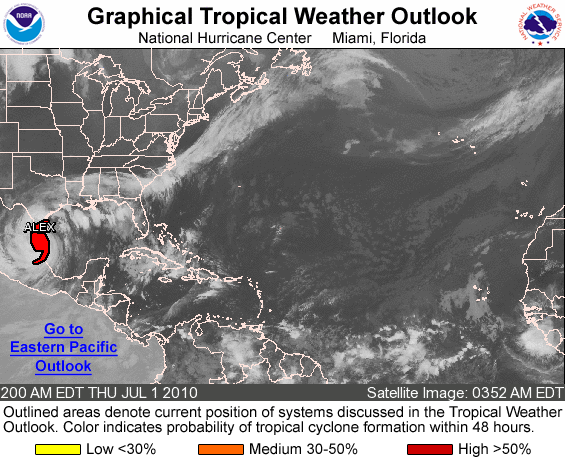
FOR THE NORTH ATLANTIC...CARIBBEAN SEA AND THE GULF OF MEXICO...

THE NATIONAL HURRICANE CENTER IS ISSUING ADVISORIES ON HURRICANE ALEX...LOCATED INLAND OVER NORTHEASTERN MEXICO ABOUT 35 MILES NORTHWEST OF LA PESCA MEXICO AND ABOUT 135 MILES SOUTH-SOUTHWEST OF BROWNSVILLE TEXAS.

ELSEWHERE...TROPICAL CYCLONE FORMATION IS NOT EXPECTED DURING THE NEXT 48 HOURS.

FORECASTER KIMBERLAIN